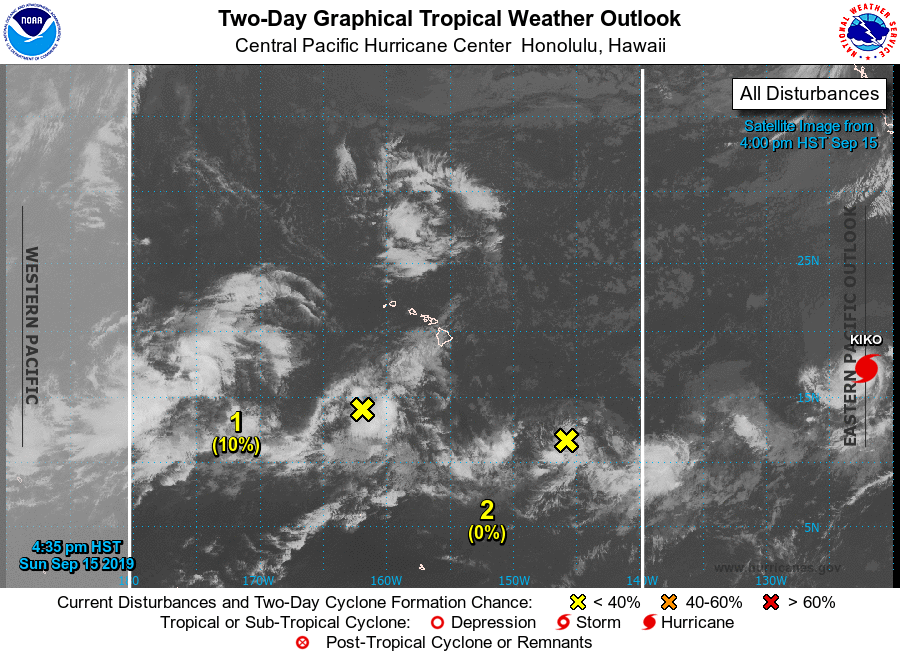
For the central North Pacific...between 140W and 180W:

1. An area of low pressure with some disorganized showers and thunderstorms is about 550 miles south-southwest of Honolulu, Hawaii. Slow development of this feature is expected during the next several days while the system drifts slowly northwestward.
* Formation chance through 48 hours...low...10 percent.
* Formation chance through 5 days...low...20 percent.

2. An elongated area of low pressure lies some 800 miles southeast of the Big Island of Hawaii. Slow development is expected during the next several days while the area drifts slowly west-northwestward.
* Formation chance through 48 hours...low...near 0 percent.
* Formation chance through 5 days...low...20 percent.

3. An area of low pressure is forecast to develop far west of the main Hawaiian Islands near the dateline after 48 hours and move northeast. Development, if any, will be slow to occur.
* Formation chance through 48 hours...low...near 0 percent.
* Formation chance through 5 days...low...20 percent.

Elsewhere, no tropical cyclones are expected during the next 5 days.

Forecaster Powell